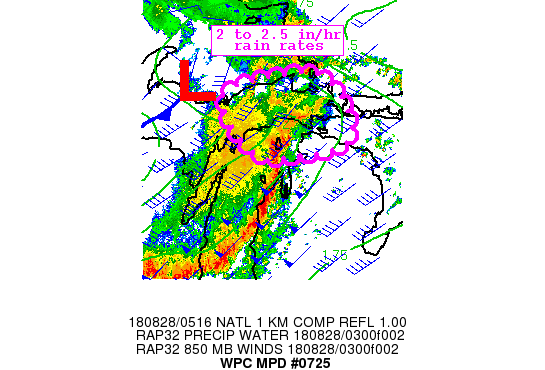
Areas affected...Northern Michigan

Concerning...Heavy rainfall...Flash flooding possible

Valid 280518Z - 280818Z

Summary...A line of heavy thunderstorms in advance of low pressure
over northern Lake Michigan will cross the Straits of Mackinac and
eastern portions of the Upper Peninsula early this morning.

Discussion...KAPX radar is depicting one hour rain rates of 2 to
2.5 inches/hour across northern sections of Lake Michigan (near
Beaver Island) in a band on the northern extension of a bowing
squall. This segment of the line was oriented more east-west, but
is tilting north-south with the rest of the left side of the
bowing segment.

A swath of 2.25 inch precipitable water is across Lake Michigan on
the head of a 55 kt southwesterly low level jet with 1500 MLCAPE
per RAP analysis (and VWP for the jet). The tilting of this
northern segment more north-south is orienting it in line with the
low level flow as well as the deep layer mean wind. Therefore,
this heavy rain should persist over the next hour or two as it
pushes across the eastern Upper Peninsula and extreme northern
Lower Peninsula.

The area has generally received near normal rainfall over the past
week. Flash flood guidance is generally 1.5 to 2 inches per hour,
so rain rates exceeding this makes flash flooding possible.

Areas immediately farther south will have the bowing segment cross
with less time in the heavy rain.